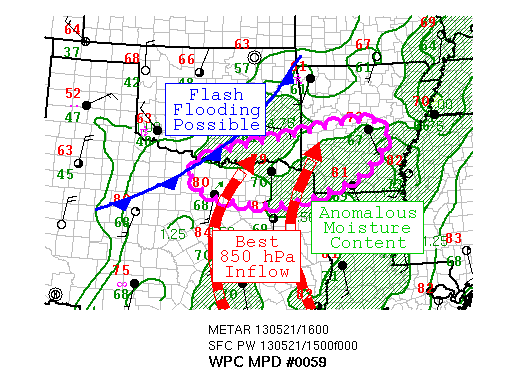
AREAS AFFECTED...ARKLATEX

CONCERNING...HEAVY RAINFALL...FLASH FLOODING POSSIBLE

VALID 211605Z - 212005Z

SUMMARY...A MORNING LINE OF HEAVY CONVECTIVE RAIN THAT EXTENDED
FROM SPS TO FSM HAS PUSHED TOWARD THE ARKLATEX OR A MUCH MORE
UNSTABLE ENVIRONMENT... WHILE AN IMPRESSIVE SHORT WAVE IMPULSE AND
ADDITIONAL SEVERE CONVECTION IS DEVELOPING JUST UPSTREAM. THE
COMBINATION AND INTERACTION OF THE TWO THIS AFTN COULD LEAD TO
MORE HEAVY CONVECTIVE RAINS AND POSSIBLE FLASH FLOODING.

DISCUSSION...A WELL-DEFINED OUTFLOW BOUNDARY/PRE-FRONTAL TROUGH
AHEAD OF THE STRONG SURFACE COLD FRONT HAS SURGED INTO A VERY
UNSTABLE AIR MASS NEAR THE ARKLATEX. THIS BOUNDARY SHOULD BE THE
FOCUS FOR THE ADDITIONAL UPSTREAM ACTIVE CONVECTION TO FOCUS ALONG
MIDDAY/EARLY THIS AFTN. FACTOR IN THE STRONG DIURNAL HEATING AND
ANOMALOUS MOISTURE CONTENT IN THIS REGION AND THE THREAT FOR FLASH
FLOODING WILL BE POSSIBLE. PWS REMAIN AOA 1.75 TO 2 INCHES...
WHICH IS STILL 1.5 TO 2 TIMES ABOVE AVG GFS AND ECMWF STANDARDIZED
ANOMALIES. THE FFG HERE IS ACTUALLY QUITE A BIT HIGHER...
GENERALLY 2 TO 2.5 INCHES WITHIN AN HR.  EXPECT 1 TO 3 INCH
AMOUNTS WITH LOCALLY HIGHER VALUES AND POSSIBLE FLASH FLOODING
BEFORE THE SYSTEM FINALLY BEGINS TO PROGRESS DOWNSTREAM THIS
EVENING.